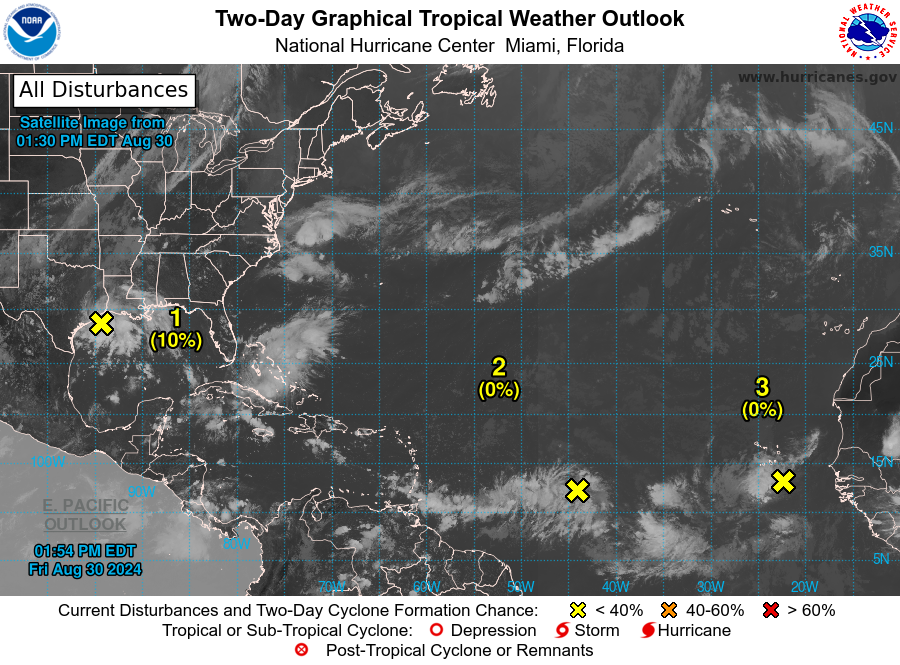
For the North Atlantic...Caribbean Sea and the Gulf of Mexico:

1. Northwestern Gulf of Mexico: A surface trough of low pressure over the northwestern Gulf of Mexico is producing a large area of disorganized showers and thunderstorms along and just offshore the coasts of Texas and Louisiana. This system is expected to meander near the coast through much of next week, and some slow development is possible if it remains offshore. Regardless of development, heavy rains could cause some flash flooding across portions of coastal Louisiana and the upper Texas coast during the next few days.
* Formation chance through 48 hours...low...10 percent.
* Formation chance through 7 days...low...20 percent.

2. Near the Lesser Antilles and Caribbean Sea: Showers and thunderstorms associated with a tropical wave over the central tropical Atlantic remain disorganized. Gradual development of this system is possible during the next few days, and a tropical depression could form some time next week while it moves westward, reaching the Lesser Antilles on Monday and continuing across the Caribbean Sea through the middle to latter part of the week.
* Formation chance through 48 hours...low...near 0 percent.
* Formation chance through 7 days...medium...40 percent.

3. Eastern Tropical Atlantic: Another tropical wave between the west coast of Africa and the Cabo Verde Islands is producing minimal shower and thunderstorm activity. Some slow development of this system is possible through late next week while it moves slowly to the west-northwest over the eastern and central tropical Atlantic.
* Formation chance through 48 hours...low...near 0 percent.
* Formation chance through 7 days...low...20 percent.

Forecaster Berg